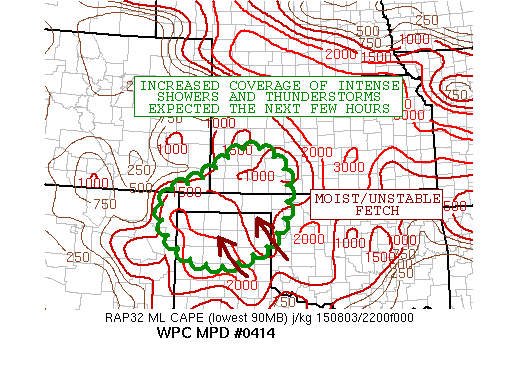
AREAS AFFECTED...FAR NORTHEAS NM...FAR SOUTHEAST CO...SOUTHWEST
KS...NORTHERN TX PANHANDLE...OK PANHANDLE

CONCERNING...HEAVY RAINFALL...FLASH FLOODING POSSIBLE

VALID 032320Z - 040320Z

SUMMARY...SHOWERS AND THUNDERSTORMS SHOULD EXPAND IN COVERAGE OVER
THE NEXT FEW HOURS. SLOW CELL MOTION WILL FAVOR AT LEAST SOME
FLASH FLOOD POTENTIAL.

DISCUSSION...THE LATEST GOES-RGB AIRMASS IMAGERY SHOWS A
WELL-DEFINED SHORTWAVE TROUGH MOVING EAST NORTHERN UT AND INTO
WESTERN CO. THE HEIGHT FALLS ARE BEGINNING TO EJECT OUT INTO THE
HIGH PLAINS AND IS INTERACTING WITH A MOIST AND MODERATELY
UNSTABLE AIRMASS...WITH A NOSE OF 1.5 TO 1.75 INCH PWATS NOTED
FROM SOUTHWEST KS SOUTH DOWN INTO THE TX PANHANDLE...AND MLCAPE
VALUES OF 2000 TO 2500 J/KG.

SOME SLOW-MOVING CONVECTIVE CELLS HAVE ALREADY DEVELOPED OVER
EASTERN CO AND NORTHEAST NM...BUT THERE IS SOME POTENTIAL FOR
CONVECTION TO GET A BIT BETTER ORGANIZED AND EXPAND IN COVERAGE
THE NEXT FEW HOURS AS LARGER SCALE ASCENT ASSOCIATED WITH THE
SHORTWAVE INCREASES WHILE INTERACTING WITH MOIST/UNSTABLE LOW
LEVEL SOUTHEASTERLY UPSLOPE FLOW.

THE HIRES MODELS LED BY THE 12Z ARW/12Z NMMB AND 12Z NSSL-WRF
SUPPORT SOME 2 TO 3 INCH AMOUNTS...WITH THE 21Z HRRR LOCALLY EVEN
WETTER. HOWEVER...THE MODELS PRIMARILY FOCUS THE HEAVIEST RAINFALL
THREAT OVER THE OK/TX PANHANDLES. GIVEN THE MOIST/UNSTABLE LOW
LEVEL INFLOW IN THE REGION...ALBEIT MODEST...IT APPEARS REASONABLE
THAT THE STRONGEST CONVECTIVE POTENTIAL WOULD TEND TO BE OVER
THESE AREAS. SLOW CELL MOTION AND INTENSE RAINFALL RATES OF UP TO
2 INCHES/HR WILL DRIVE AT LEAST A LOCALIZED FLASH FLOOD THREAT IT
APPEARS THROUGH THE EVENING HOURS.